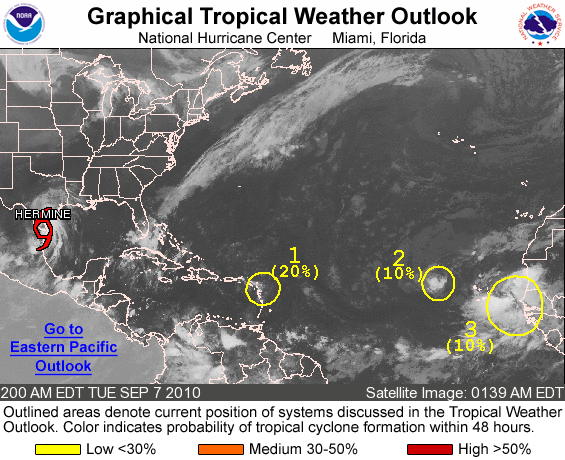
FOR THE NORTH ATLANTIC...CARIBBEAN SEA AND THE GULF OF MEXICO...

THE NATIONAL HURRICANE CENTER IS ISSUING ADVISORIES ON TROPICAL STORM HERMINE...LOCATED ABOUT 10 MILES SOUTH-SOUTHWEST OF HARLINGEN TEXAS.

1. DISORGANIZED SHOWERS AND A FEW THUNDERSTORMS OVER THE LEEWARD ISLANDS AND ADJACENT WATERS ARE ASSOCIATED WITH THE REMNANTS OF GASTON. THE CIRCULATION REMAINS POORLY DEFINED AND THE ENVIRONMENT SURROUNDING THE SYSTEM IS EXPECTED TO BE ONLY MARGINALLY CONDUCIVE FOR DEVELOPMENT DURING THE NEXT COUPLE OF DAYS. THEREFORE...THERE IS A LOW CHANCE...20 PERCENT...OF THIS SYSTEM BECOMING A TROPICAL CYCLONE AGAIN DURING THE NEXT 48 HOURS.

2. A SMALL LOW PRESSURE AREA LOCATED ABOUT 300 MILES WEST OF THE NORTHERNMOST CAPE VERDE ISLANDS IS PRODUCING DISORGANIZED SHOWERS AND THUNDERSTORMS. ENVIRONMENTAL CONDITIONS ARE EXPECTED TO REMAIN UNFAVORABLE FOR DEVELOPMENT DURING THE NEXT COUPLE OF DAYS AS THIS SYSTEM MOVES WESTWARD AT ABOUT 10 MPH. THERE IS A LOW CHANCE...10 PERCENT...OF THIS SYSTEM BECOMING A TROPICAL CYCLONE DURING THE NEXT 48 HOURS.

3. A LARGE AREA OF CLOUDINESS AND THUNDERSTORMS LOCATED BETWEEN THE CAPE VERDE ISLANDS AND THE WEST COAST OF AFRICA IS ASSOCIATED WITH A TROPICAL WAVE. DEVELOPMENT...IF ANY...OF THIS SYSTEM IS EXPECTED TO BE SLOW TO OCCUR AS IT MOVES WESTWARD AT 10 TO 15 MPH DURING THE NEXT COUPLE OF DAYS. THERE IS A LOW CHANCE...10 PERCENT...OF THIS SYSTEM BECOMING A TROPICAL CYCLONE DURING THE NEXT 48 HOURS.

ELSEWHERE...TROPICAL CYCLONE FORMATION IS NOT EXPECTED DURING THE NEXT 48 HOURS.

FORECASTER BROWN